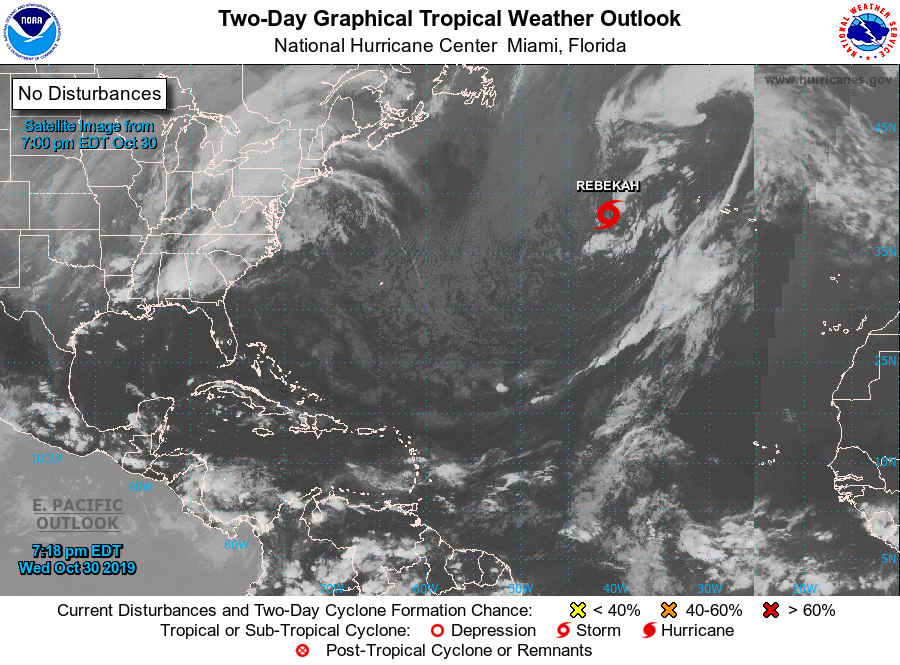
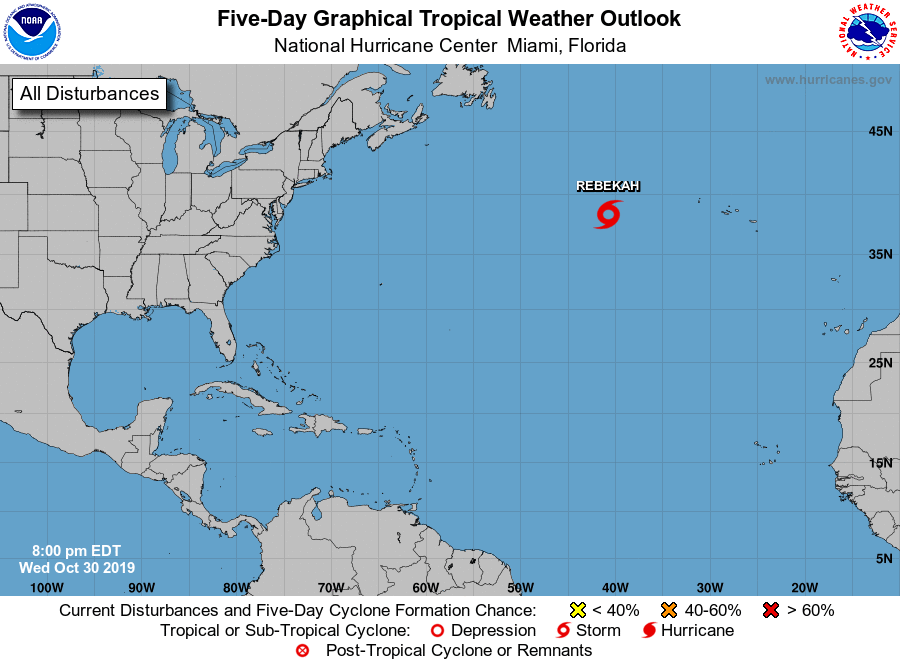
For the North Atlantic...Caribbean Sea and the Gulf of Mexico:

The National Hurricane Center is issuing advisories on recently formed Subtropical Storm Rebekah located in the north Atlantic a little more than 700 miles west of the Azores.

&&
Public Advisories on Subtropical Storm Rebekah are issued under WMO header WTNT34 KNHC and under AWIPS header MIATCPATEP4. Forecast/Advisories are issued under WMO header WTNT24 KNHC and under AWIPS header MIATCMAT4.

Forecaster Avila